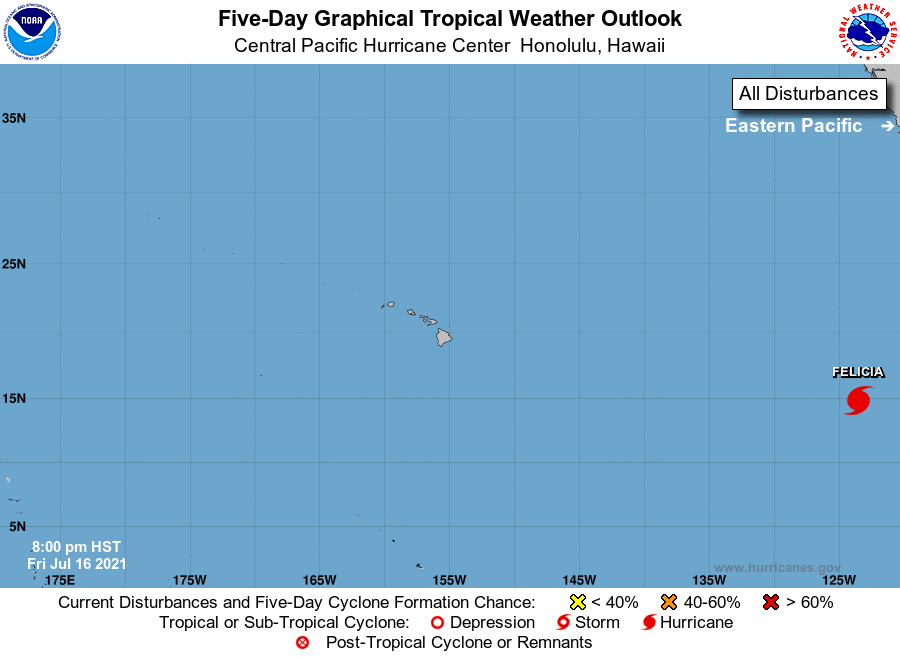
For the central North Pacific...between 140W and 180W:

The National Hurricane Center in Miami, Florida, is issuing advisories on Hurricane Felicia, located more than 2150 miles east-southeast of Hilo, Hawaii. Felicia is expected to move into the Central Pacific Hurricane Center area of responsibility next Wednesday as a tropical storm.

Elsewhere, no tropical cyclones are expected during the next 5 days.

Public Advisories on Hurricane Felicia are issued under WMO header WTPZ31 KNHC and under AWIPS header MIATCPEP1. Forecast Advisories on Hurricane Felicia are issued under WMO header WTPZ21 KNHC and under AWIPS header MIATCMEP1.

Forecaster EATON